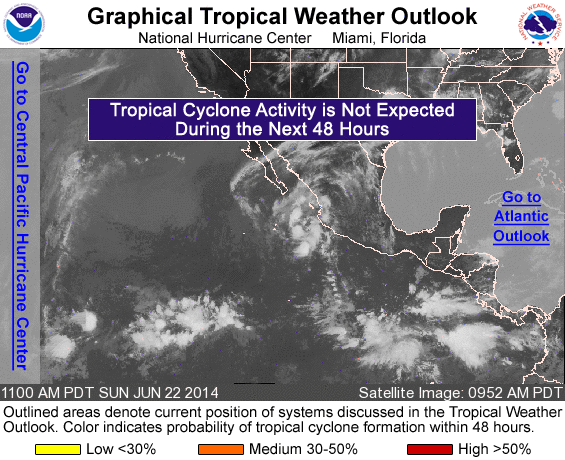
For the eastern North Pacific...east of 140 degrees west longitude:

Showers and thunderstorms associated with a a weak area of low pressure about 300 miles southwest of Manzanillo, Mexico, remain disorganized. Upper-level winds are unfavorable for tropical cyclone formation, and development of this system is not expected while it moves generally northward at around 10 mph and then slows down.
* Formation chance through 48 hours...low...10 percent.
* Formation chance through 5 days...low...10 percent.

Forecaster Kimberlain